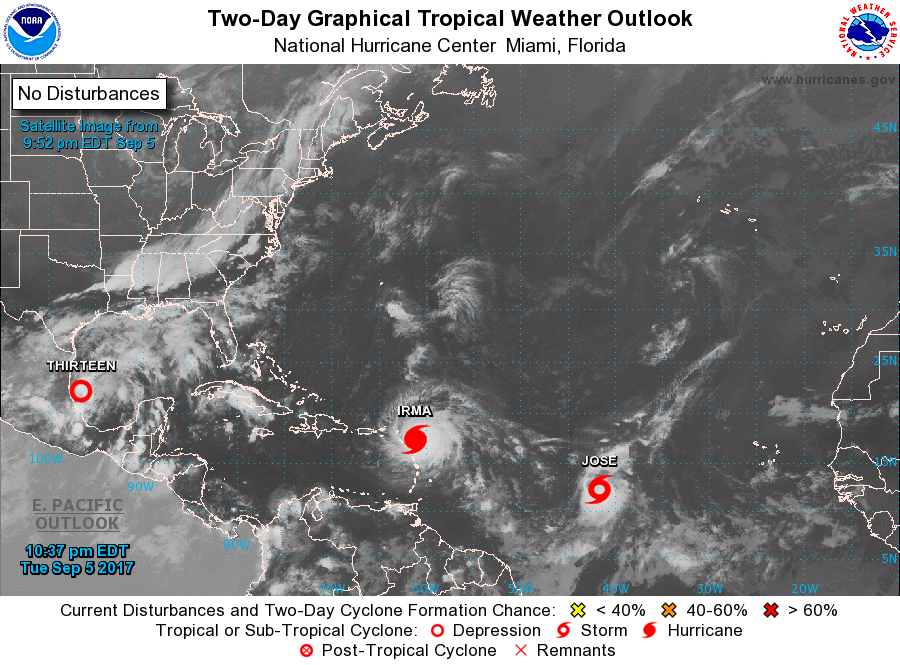
For the North Atlantic...Caribbean Sea and the Gulf of Mexico:

The National Hurricane Center is issuing advisories on Hurricane Irma, located near the Leeward Islands, on Tropical Storm Jose over the central Atlantic Ocean, and on newly formed Tropical Depression Thirteen, located over the southwestern Gulf of Mexico.

Tropical cyclone formation is not expected during the next 5 days.

&&
Public Advisories on Jose are issued under WMO header WTNT32 KNHC and under AWIPS header MIATCPAT2. Forecast/Advisories on Jose are issued under WMO header WTNT22 KNHC and under AWIPS header MIATCMAT2.

Public Advisories on Thirteen are issued under WMO header WTNT33 KNHC and under AWIPS header MIATCPAT3. Forecast/Advisories on Thirteen are issued under WMO header WTNT23 KNHC and under AWIPS header MIATCMAT3.

Forecaster Blake